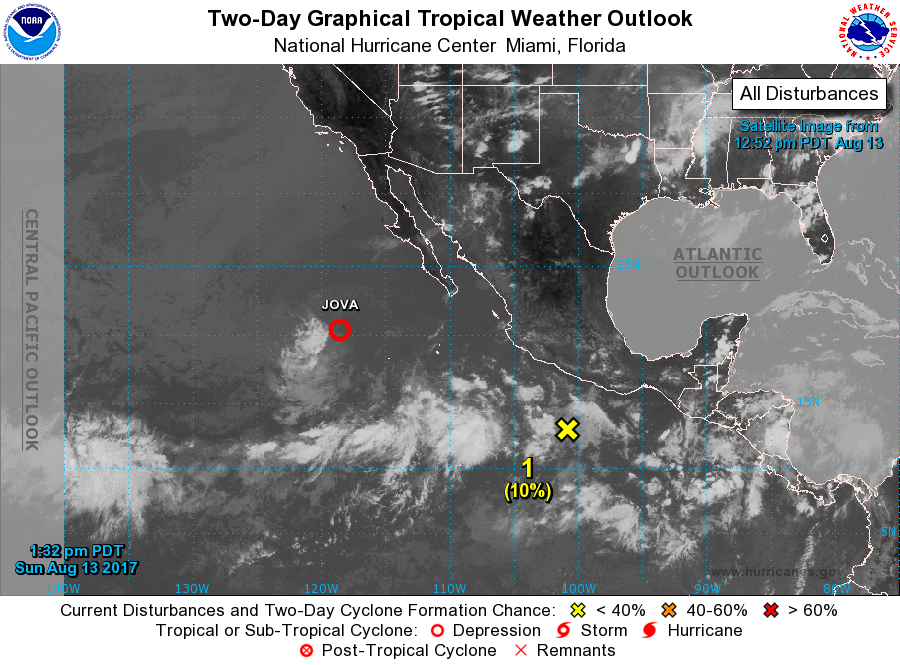
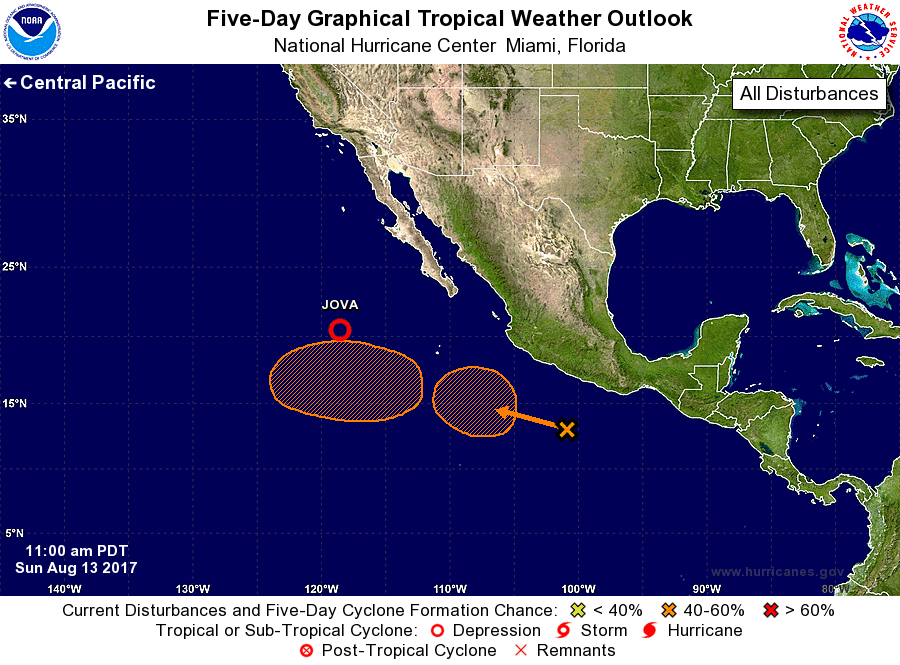
For the eastern North Pacific...east of 140 degrees west longitude:

The National Hurricane Center is issuing advisories on Tropical Depression Jova, located several hundred miles west-northwest of Socorro Island.

1. Disorganized showers and thunderstorms located a few hundred miles south-southwest of Acapulco, Mexico, are associated with a trough of low pressure. Environmental conditions are forecast to gradually become more conducive for development, and a tropical depression could form late this week while the system moves slowly westward to west-northwestward.
* Formation chance through 48 hours...low...10 percent.
* Formation chance through 5 days...medium...60 percent.

2. An area of low pressure is expected to form several hundred miles southwest of Manzanillo, Mexico, in a few days. Although environmental conditions are forecast to be generally conducive for development, the system's proximity to the disturbance to the east could inhibit the chances of formation. The low is forecast to move slowly westward later this week.
* Formation chance through 48 hours...low...near 0 percent.
* Formation chance through 5 days...medium...40 percent.

Forecaster Cangialosi